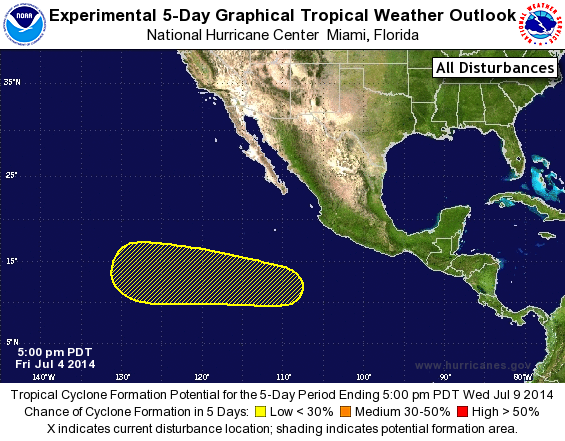
For the eastern North Pacific...east of 140 degrees west longitude:

The National Hurricane Center is issuing advisories on Tropical Storm Douglas, located several hundred miles west of the southern tip of the Baja California peninsula of Mexico.

1. A low pressure area could form well to the southwest of the southern tip of the Baja California peninsula in a couple of days. Some gradual development of this system is possible next week while it moves westward or west-northwestward.
* Formation chance through 48 hours...low...near 0 percent.
* Formation chance through 5 days...low...20 percent.

Forecaster Cangialosi